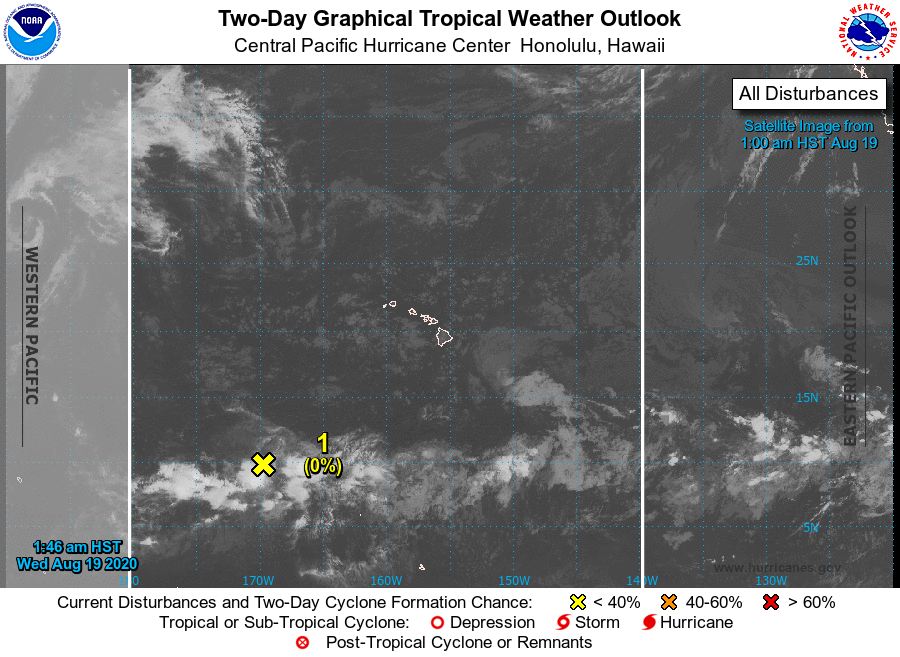
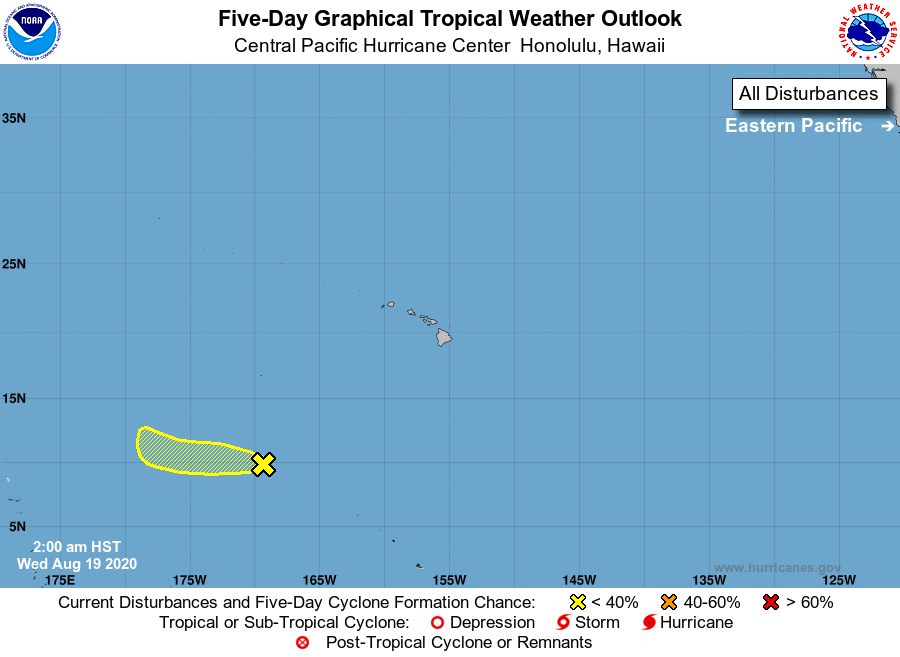
For the central North Pacific...between 140W and 180W:

1. Showers and thunderstorms remain disorganized with an area of low pressure some 1120 miles southwest of Honolulu, Hawaii. Environmental conditions are not expected to be conducive for development as the system moves toward the west near 10 mph.
* Formation chance through 48 hours...low...near 0 percent.
* Formation chance through 5 days...low...10 percent.

Elsewhere, no tropical cyclones are expected during the next 5 days.

Forecaster Lau